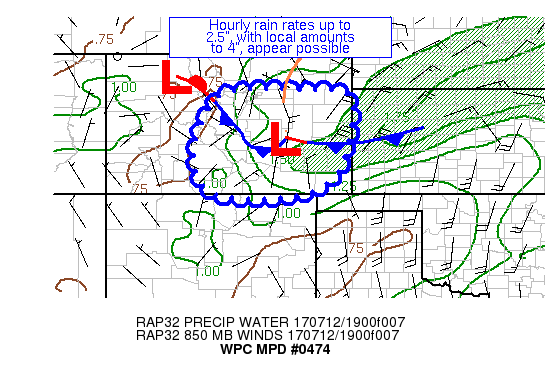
AREAS AFFECTED...CENTRAL AND EASTERN CO

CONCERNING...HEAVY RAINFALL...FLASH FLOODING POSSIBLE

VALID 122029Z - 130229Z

SUMMARY...THUNDERSTORMS ARE BEGINNING TO DEVELOP ACROSS CENTRAL
AND EASTERN CO.  WITH INCREASING MOISTURE, INSTABILITY, AND
UPSLOPE FLOW, HOURLY RAIN RATES UP TO 2.5" AND LOCAL AMOUNTS UP TO
4" APPEAR POSSIBLE.

DISCUSSION...A COLD FRONT IS DROPPING THROUGH EASTERN CO.  THE
FLOW ALOFT IS SOUTHWESTERLY AND DIVERGENT AHEAD OF AN ELONGATED
UPPER LOW NEAR THE NV/UT/AZ BORDER JUNCTION.  THUNDERSTORMS ARE
STARTING TO DEVELOP ACROSS CENTRAL AND EASTERN CO NEAR THE
BOUNDARY AND AN INVERTED TROUGH/CO CONVERGENCE ZONE NEAR THE FRONT
RANGE.  PRECIPITABLE WATER VALUES RANGE BETWEEN 0.75-1.5" PER THE
RAP ANALYSIS.  MLCAPE VALUES ARE 250-1000 J/KG PRESENTLY.  INFLOW
AT 700 HPA IS NORTHEAST AT 15 KTS INTO THE REGION, ACTING TO
INCREASE MOISTURE AND INSTABILITY.  EFFECTIVE BULK SHEAR IS NEAR
35 KTS PER SPC MESOANALYSES.

CIN SHOULD CONTINUE TO ERODE WHICH SHOULD FOSTER A SHARP INCREASE
IN CONVECTIVE ACTIVITY OVER THE NEXT COUPLE HOURS.  THERE ARE
HINTS WITHIN THE 12 GFS-BASED GDI THAT THUNDERSTORMS SHOULD BECOME
SCATTERED TO NUMEROUS AROUND 00Z NEAR THE FRONT RANGE OF CENTRAL
AND SOUTHEAST CO.  UPSLOPE FLOW IS FORECAST TO MAGNIFY INTO
SOUTHEAST CO WITH TIME AS THE FRONT DROPS INTO NORTHEAST NM, WHICH
SHOULD CAUSE NEW ACTIVITY TO FORM IN AREAS FARTHER SOUTH.
ORGANIZED CONVECTION SHOULD MOVE EAST-NORTHEAST AT 15 KTS PER
FORWARD PROPAGATION VECTORS AND PARALLEL TO THE 1000-500 HPA
THICKNESS PATTERN WHICH WOULD DOUBLE CLOUD-BASED INFLOW,
ATTEMPTING TO MOVE INTO AN INSTABILITY POOL EXPECTED NEAR THE
CO/KS BORDER.  WITH THE MEAN 850-400 HPA FLOW NO MORE THAN 10-15
KTS, AND STORM BASED INFLOW EXPECTED TO BE DOUBLE THAT,
PRECIPITATION EFFICIENCY IS EXPECTED.  HOURLY RAIN RATES TO 2.5"
AND LOCAL AMOUNTS TO 4" COULD OCCUR NEAR STATIONARY CELLS, CELL
MERGERS, AND IN AREAS WHERE SHORT PERIODS OF CELL TRAINING OCCUR.